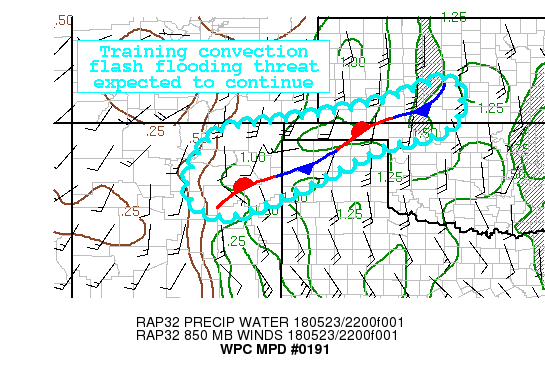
AREAS AFFECTED...NORTHEAST NM...TX AND OK PANHANDLES...SOUTHWEST
KS

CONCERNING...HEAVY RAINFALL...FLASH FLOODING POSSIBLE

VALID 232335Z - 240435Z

SUMMARY...MOIST SOUTHEASTERLY TO SOUTHERLY INFLOW INTO A WEAK
NORTHEAST TO SOUTHWEST ORIENTED BOUNDARY WILL CONTINUE TO SUPPORT
TRAINING CONVECTION, PRODUCING LOCALLY HEAVY RAINFALL AMOUNTS AND
POSSIBLE FLASH FLOODING THROUGH THE EARLY EVENING HOURS.

DISCUSSION...SOUTHEASTERLY TO SOUTHERLY LOW LEVEL INFLOW CONTINUES
TO SUPPORT DEEPENING MOISTURE ALONG A NORTHEAST TO SOUTHWEST
ORIENTED BOUNDARY EXTENDING FROM SOUTHWEST KANSAS BACK INTO
NORTHEAST NEW MEXICO.  LATEST SPC MESOANALYSIS SHOWS PWS
INCREASING TO AT OR ABOVE 1.25 INCHES FROM THE FAR NORTHERN TX
PANHANDLE INTO SOUTHWEST KANSAS.  THESE VALUES ARE APPROXIMATELY
1.5-2 STANDARD DEVIATIONS ABOVE THEIR CLIMATOLOGICAL MEANS.  THIS
MOISTURE INTERACTING WITH MID LEVEL ENERGY EMBEDDED WITHIN
DIFFLUENT FLOW ALOFT IS EXPECTED TO SUPPORT ADDITIONAL ROUNDS OF
TRAINING CONVECTION, RAISING THE THREAT FOR ADDITIONAL HEAVY
ACCUMULATIONS AND FLASH FLOODING.  LATEST RADAR ESTIMATES SHOW
SOME CELLS CONTINUING TO PRODUCE RAINFALL RATES OF 1.5-2 IN/HR AS
THEY MOVE SLOWLY EAST-NORTHEAST ACROSS THE FAR NORTHERN TX
PANHANDLE INTO THE OKLAHOMA PANHANDLE.  AS THIS CONVECTION
CONTINUES TO PROPAGATE NORTHEAST ALONG THE BOUNDARY, CONDITIONS
SHOULD REMAIN CONDUCIVE FOR FURTHER REDEVELOPMENT BACK TO THE
WEST, WITH GOES IMAGERY CONTINUING SHOW COOLING CLOUD TOPS BACK
ALONG THE HIGHER TERRAIN AND THE WESTERN FLANK OF THE BOUNDARY
OVER NORTHWEST NEW MEXICO.  CONVECTION SHOULD BEGIN WANE ACROSS
THE REGION AS WINDS BEGIN TO VEER MORE TO WEST IN THE WAKE OF
SHORTWAVE LIFTING OUT ACROSS THE REGION LATER THIS EVENING.